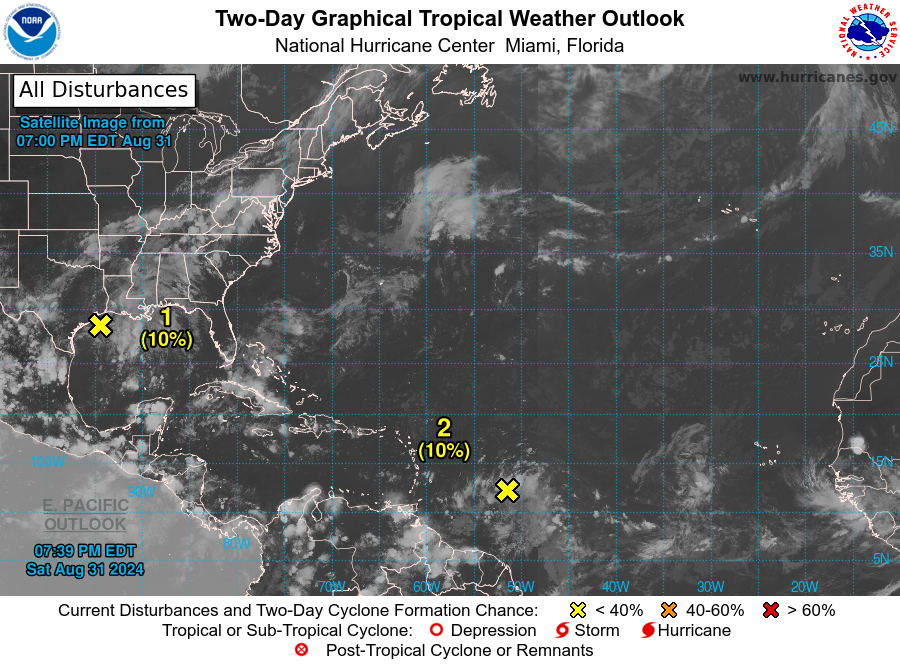
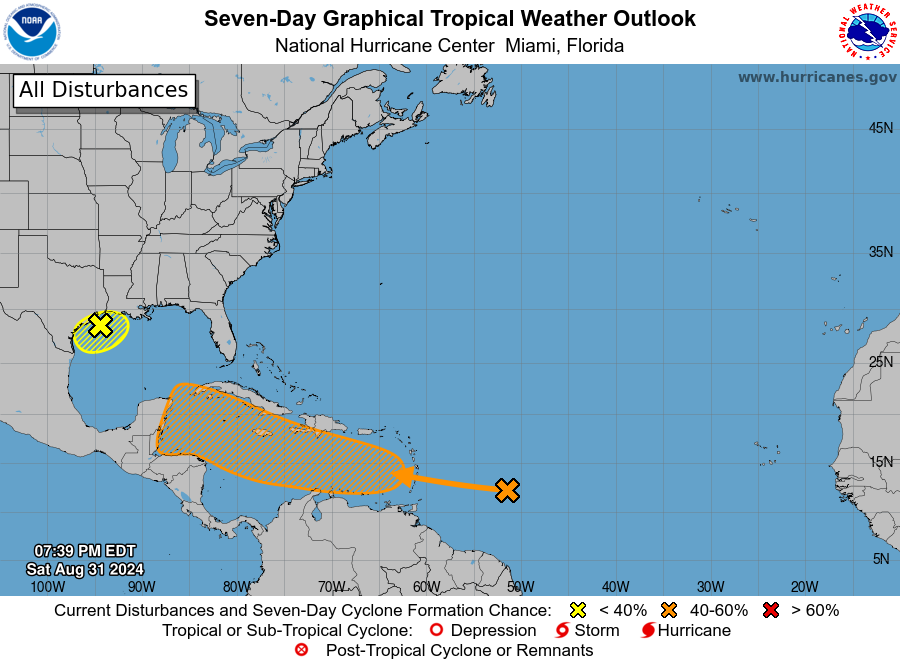
For the North Atlantic...Caribbean Sea and the Gulf of Mexico:

1. Northwestern Gulf of Mexico: A broad area of low pressure near the upper Texas coast is producing some disorganized showers and thunderstorms along and just offshore the coasts of Texas and Louisiana. This system is expected to linger near the coast through much of next week, and some slow development is possible if it meanders offshore. Regardless of development, heavy rains could cause some flash flooding across portions of coastal Louisiana and the upper Texas coast during the next few days.
* Formation chance through 48 hours...low...10 percent.
* Formation chance through 7 days...low...20 percent.

2. Near the Lesser Antilles and Caribbean Sea: Shower activity associated with a tropical wave located several hundred miles east of the Lesser Antilles has become a little better organized since yesterday. Slow development is possible as the disturbance moves westward and reaches the Lesser Antilles on Monday. Later next week, the disturbance is expected to move across the central and western Caribbean Sea, where conditions could become more conducive for development, and a tropical depression could form during that time.
* Formation chance through 48 hours...low...10 percent.
* Formation chance through 7 days...medium...40 percent.

Forecaster Beven